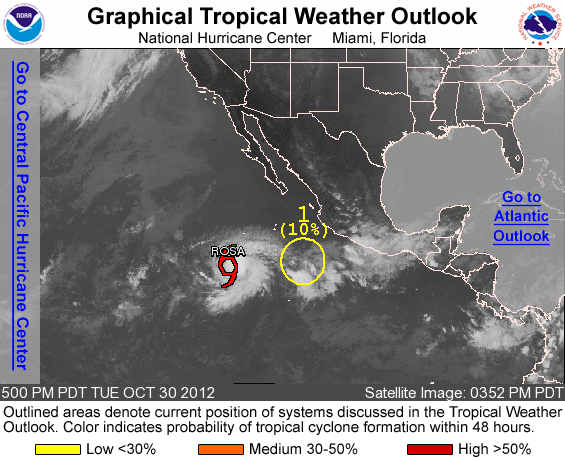
FOR THE EASTERN NORTH PACIFIC...EAST OF 140 DEGREES WEST LONGITUDE..

THE NATIONAL HURRICANE CENTER IS ISSUING ADVISORIES ON TROPICAL STORM ROSA...LOCATED ABOUT 735 MILES SOUTHWEST OF CABO SAN LUCAS MEXICO.

1. SHOWER AND THUNDERSTORM ACTIVITY REMAINS DISORGANIZED IN ASSOCIATION WITH A WEAK AREA OF LOW PRESSURE LOCATED ABOUT 375 MILES SOUTHWEST OF MANZANILLO MEXICO. UPPER-LEVEL WINDS ARE NOT CONDUCIVE FOR SIGNIFICANT DEVELOPMENT...AND THIS SYSTEM HAS A LOW CHANCE...10 PERCENT...OF BECOMING A TROPICAL CYCLONE DURING THE NEXT 48 HOURS AS IT MOVES SLOWLY WEST-NORTHWESTWARD.

ELSEWHERE...TROPICAL CYCLONE FORMATION IS NOT EXPECTED DURING THE NEXT 48 HOURS.

&&
PUBLIC ADVISORIES ON ROSA ARE ISSUED UNDER WMO HEADER WTPZ32 KNHC AND UNDER AWIPS HEADER MIATCPEP2. FORECAST/ADVISORIES ON ROSA ARE ISSUED UNDER WMO HEADER WTPZ22 KNHC AND UNDER AWIPS HEADER MIATCMEP2.

FORECASTER BRENNAN